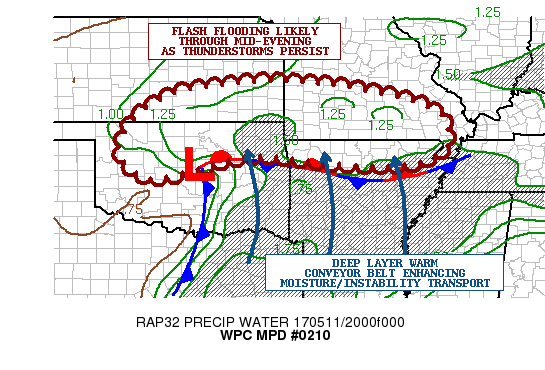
AREAS AFFECTED...SOUTHEAST KS...NORTHEAST OK...NORTHERN
AR...SOUTHWEST MO

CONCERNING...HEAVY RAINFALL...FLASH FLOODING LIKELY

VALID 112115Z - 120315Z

SUMMARY...WIDESPREAD THUNDERSTORM ACTIVITY WILL CONTINUE INTO THE
EVENING HOURS. VERY HEAVY RAINFALL RATES UP TO 2.5 INCHES/HR AND
WET ANTECEDENT CONDITIONS WILL LIKELY RESULT IN FLASH FLOODING.

DISCUSSION...THE LATEST RADAR IMAGERY SHOWS NUMEROUS CLUSTERS OF
THUNDERSTORMS IMPACTING NORTHERN OK/SOUTHEAST KS/NORTHERN AR AND
ALSO SOUTHWESTMO. THIS ACTIVITY IS BEING AIDED BY A NOSE OF
MODERATE INSTABILITY THAT IS POOLED ALONG AND NORTH OF A
STATIONARY FRONT OVER NORTHERN AR AND IS WRAPPING BACK TO THE WEST
TO THE NORTH OF AN AREA OF LOW PRESSURE OVER CENTRAL OK. LARGER
SCALE ASCENT IN THE LEFT-FRONT QUAD OF A 90+ KT 250MB JET-STREAK
RIDING UP THROUGH CENTRAL AR IS PLACING MUCH OF THE MPD AREA IN A
FAVORABLE LOCATION FOR STRONGER DEEP LAYER ASCENT.

A NOSE OF 1.5 TO 1.75 INCH PWATS WILL BE CONDUCIVE TO HEAVY
RAINFALL RATES THAT MAY REACH UP TO 2.5 INCHES/HR AND ESPECIALLY
WITH THE FAVORABLE DEGREE OF INSTABILITY IN PLACE.

WIDESPREAD THUNDERSTORM ACTIVITY IS EXPECTED THROUGH THE EVENING
HOURS AS THE LARGER SCALE SYNOPTIC TROUGH OVER THE SOUTHERN PLAINS
AND ASSOCIATED SURFACE LOW MOVES GRADUALLY OFF TO THE EAST AND
INTERACTS WITH A WELL-ESTABLISHED WARM ADVECTION PATTERN
TRANSPORTING THE DEEPER LAYER MOISTURE AND INSTABILITY NORTHWARD
UP THROUGH THE LOWER MS VALLEY.

A CONSENSUS OF THE LATEST CAM GUIDANCE SUGGESTS ADDITIONAL
RAINFALL AMOUNTS OF 2 TO 4 INCHES WITH ISOLATED HEAVIER AMOUNTS
PERHAPS CLOSE TO 5 INCHES THROUGH MID-EVENING. THESE RAINS WILL BE
FALLING ON AREAS THAT HAVE SEEN HEAVY RAINFALL ALREADY...AND THE
WET ANTECENT CONDITIONS WILL ENCOURAGE AREAS OF SIGNIFICANT RUNOFF
AND FLASH FLOODING.